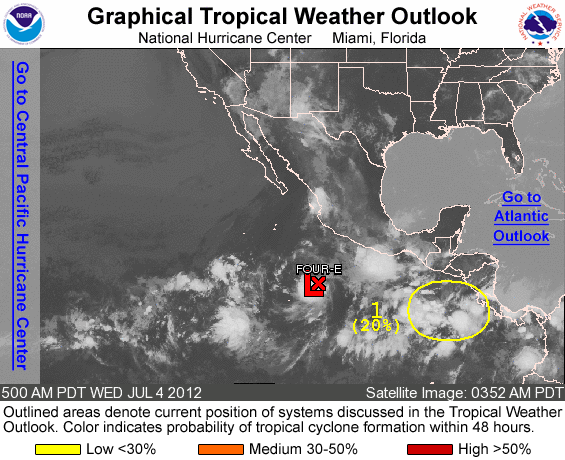
FOR THE EASTERN NORTH PACIFIC...EAST OF 140 DEGREES WEST LONGITUDE..

THE NATIONAL HURRICANE CENTER IS ISSUING ADVISORIES ON NEWLY FORMED TROPICAL DEPRESSION FOUR-E...LOCATED ABOUT 470 MILES SOUTH OF MANZANILLO MEXICO.

1. A TROPICAL WAVE ACCOMPANIED BY A BROAD LOW PRESSURE SYSTEM IS PRODUCING A LARGE AREA OF DISTURBED WEATHER OVER COSTA RICA THAT EXTENDS WESTWARD OVER THE PACIFIC OCEAN FOR SEVERAL HUNDRED MILES. ENVIRONMENTAL CONDITIONS ARE EXPECTED TO BE CONDUCIVE FOR GRADUAL DEVELOPMENT OF THIS DISTURBANCE OVER THE NEXT FEW DAYS. THIS SYSTEM HAS A LOW CHANCE...20 PERCENT...OF BECOMING A TROPICAL CYCLONE DURING THE NEXT 48 HOURS AS IT MOVES WESTWARD AT ABOUT 10 MPH.

ELSEWHERE...TROPICAL CYCLONE FORMATION IS NOT EXPECTED DURING THE NEXT 48 HOURS.

&&
PUBLIC ADVISORIES ON TROPICAL DEPRESSION FOUR-E ARE ISSUED UNDER WMO HEADER WTPZ34 KNHC AND UNDER AWIPS HEADER MIATCPEP4. FORECAST/ADVISORIES ON THE DEPRESSION ARE ISSUED UNDER WMO HEADER WTPZ24 KNHC AND UNDER AWIPS HEADER MIATCMEP4.

FORECASTER STEWART